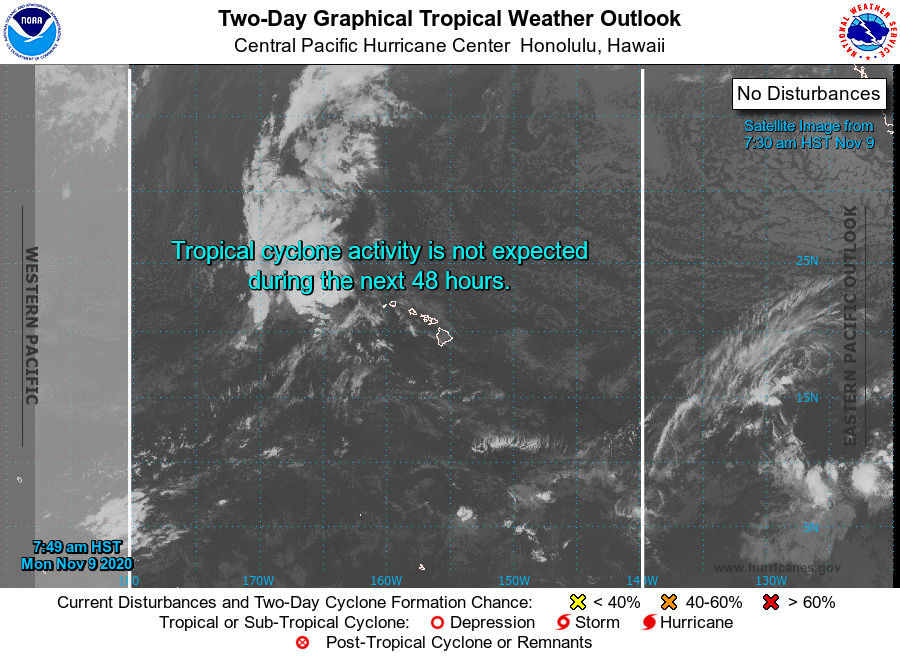
For the central North Pacific...between 140W and 180W:

No tropical cyclones are expected during the next 5 days.

Forecaster Lau